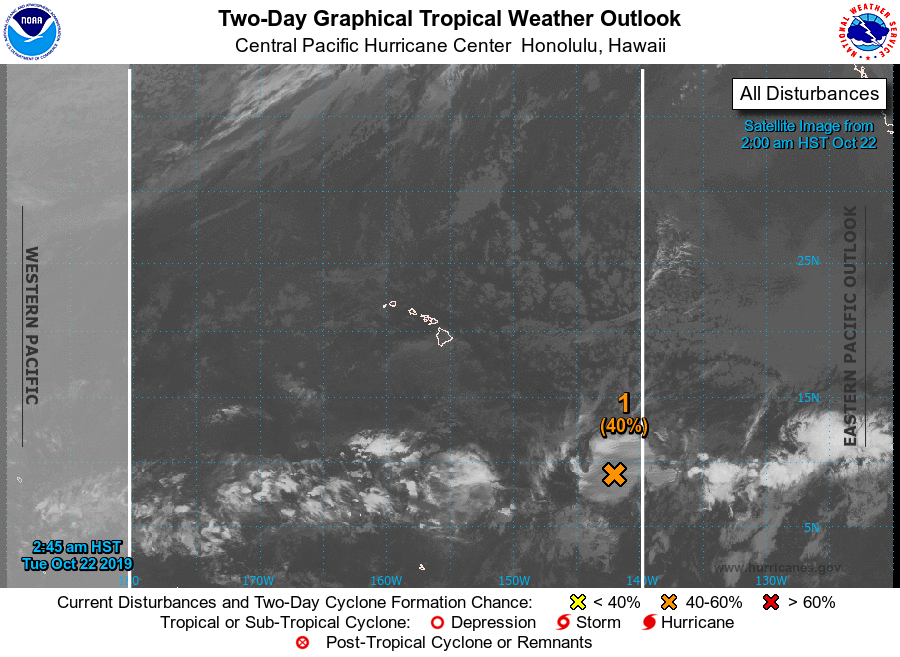
For the central North Pacific...between 140W and 180W:

1. An elongated area of low pressure marked by flaring thunderstorms continue some 1100 miles southeast of Hilo, Hawaii. Environmental conditions appear conducive for additional development of this system, and a tropical depression could form during the next couple of days while the area of low pressure moves west-northwest at near 10 mph. Upper-level winds are expected to become less conducive for development during the latter part of the week.
* Formation chance through 48 hours...medium...40 percent.
* Formation chance through 5 days...medium...40 percent.

Elsewhere, no tropical cyclones are expected during the next 5 days.

Forecaster Lau